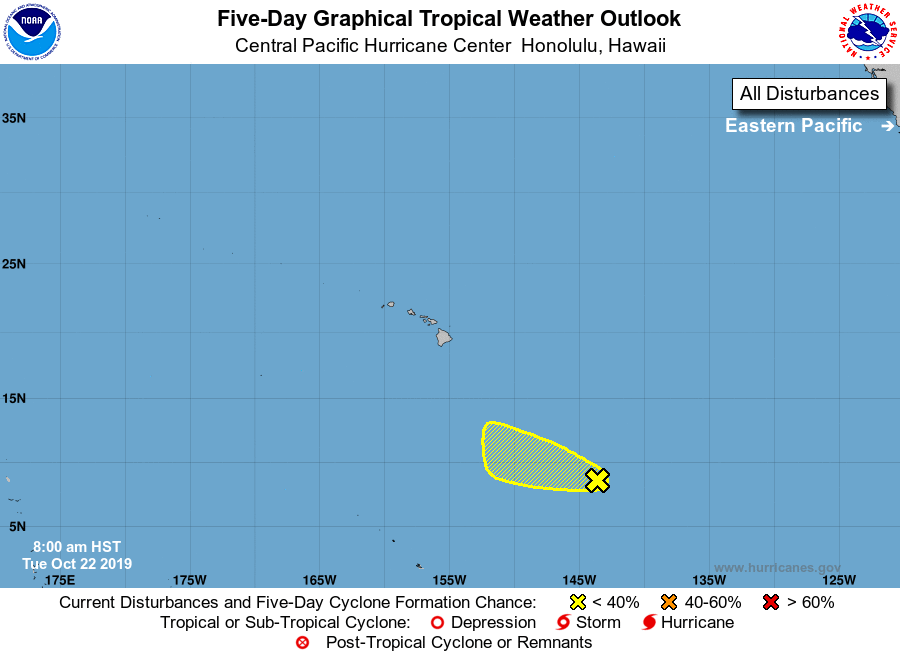
For the central North Pacific...between 140W and 180W:

1. Shower activity continues to diminsh in association with an area of low pressure about 1100 miles southeast of Hilo, Hawaii. This system is moving west-northwestward near 10 mph into unfavorable environmental conditions, and tropical cyclone formation is becoming less likely.
* Formation chance through 48 hours...low...30 percent.
* Formation chance through 5 days...low...30 percent.

Elsewhere, no tropical cyclones are expected during the next 5 days.

Forecaster Foster